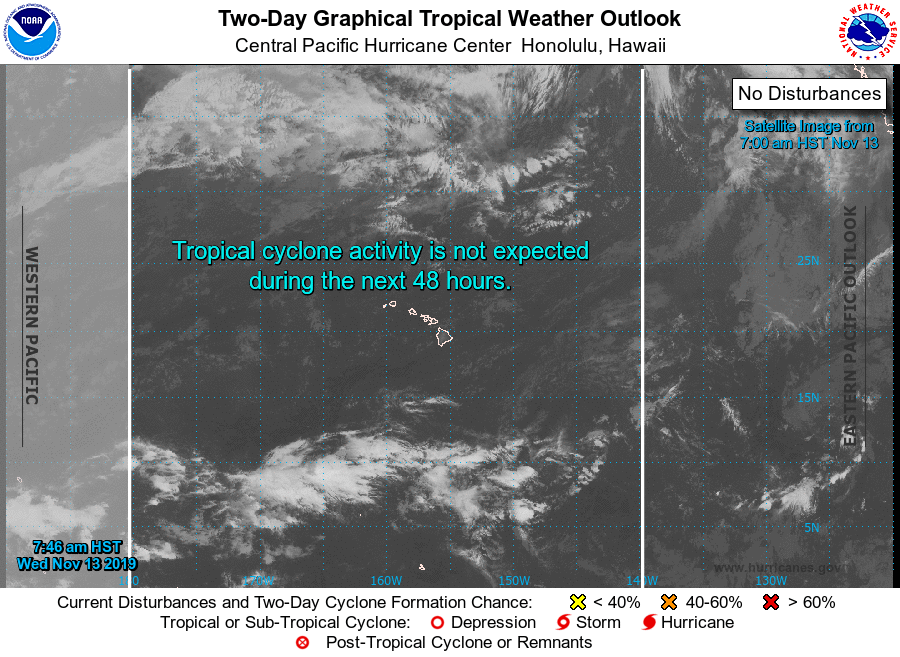
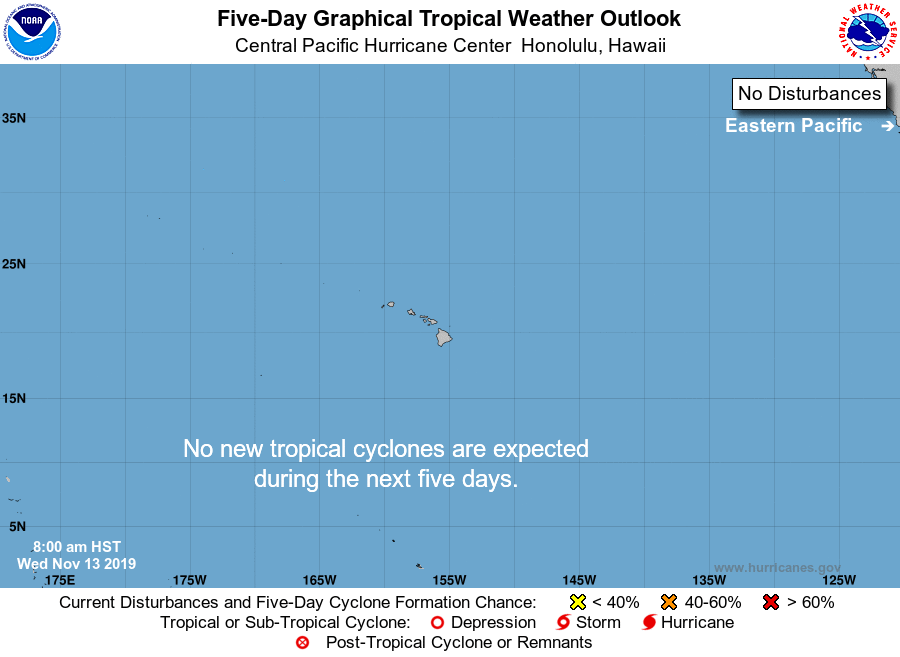
For the central North Pacific...between 140W and 180W:

No tropical cyclones are expected during the next 5 days.

Forecaster Burke